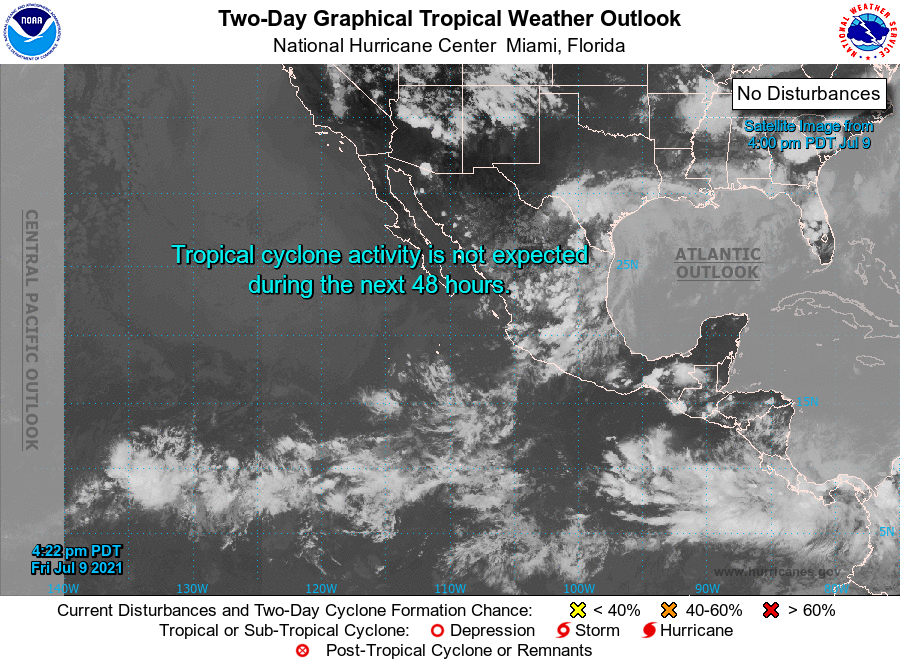
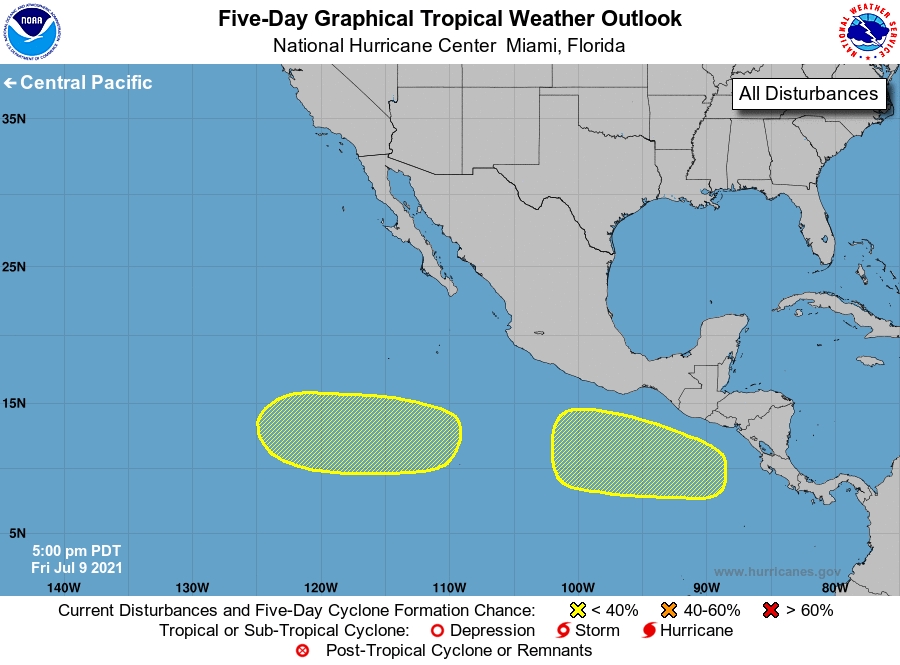
For the eastern North Pacific...east of 140 degrees west longitude:

1. A broad area of low pressure is expected to form several hundred miles south-southwest of the southern coast of Mexico by early next week. Additional development of this system is expected to be slow to occur while moving westward or west-northwestward at 10 to 15 mph.
* Formation chance through 48 hours...low...near 0 percent.
* Formation chance through 5 days...low...20 percent.

2. Another area of low pressure is expected to form south of the Gulf of Tehuantepec by the middle of next week. Environmental conditions are expected to support gradual development of this system thereafter while moving generally west-northwestward at 10 to 15 mph.
* Formation chance through 48 hours...low...near 0 percent.
* Formation chance through 5 days...low...30 percent.

Forecaster Papin/Blake